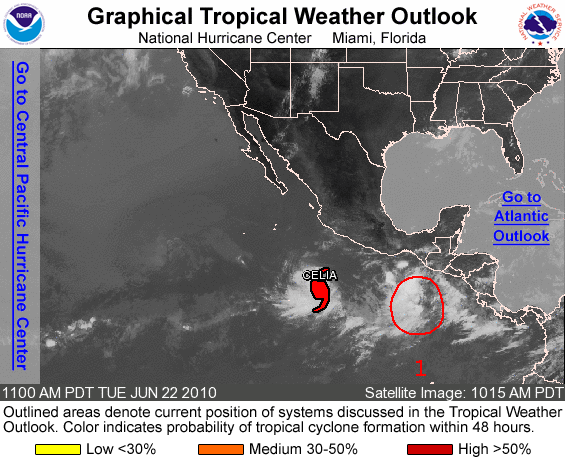
FOR THE EASTERN NORTH PACIFIC...EAST OF 140 DEGREES WEST LONGITUDE..

THE NATIONAL HURRICANE CENTER IS ISSUING ADVISORIES ON HURRICANE CELIA LOCATED ABOUT 515 MILES SOUTH OF MANZANILLO MEXICO.

1. SHOWERS AND THUNDERSTORMS ASSOCIATED WITH AN AREA OF LOW PRESSURE LOCATED A FEW HUNDRED MILES SOUTH-SOUTHWEST OF GUATEMALA HAVE BECOME BETTER ORGANIZED THIS MORNING. ENVIRONMENTAL CONDITIONS APPEAR FAVORABLE FOR A TROPICAL DEPRESSION TO FORM DURING THE NEXT DAY OR SO. THERE IS A HIGH CHANCE...80 PERCENT...OF THIS SYSTEM BECOMING A TROPICAL CYCLONE DURING THE NEXT 48 HOURS AS IT MOVES WEST-NORTHWESTWARD AT ABOUT 10 MPH.

ELSEWHERE...TROPICAL CYCLONE FORMATION IS NOT EXPECTED DURING THE NEXT 48 HOURS.

FORECASTER BROWN